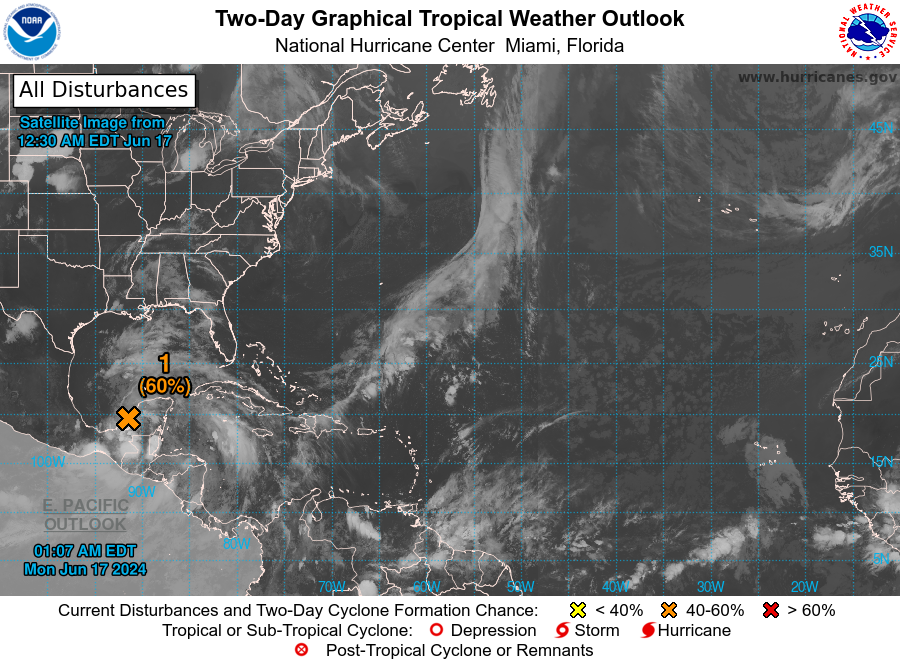
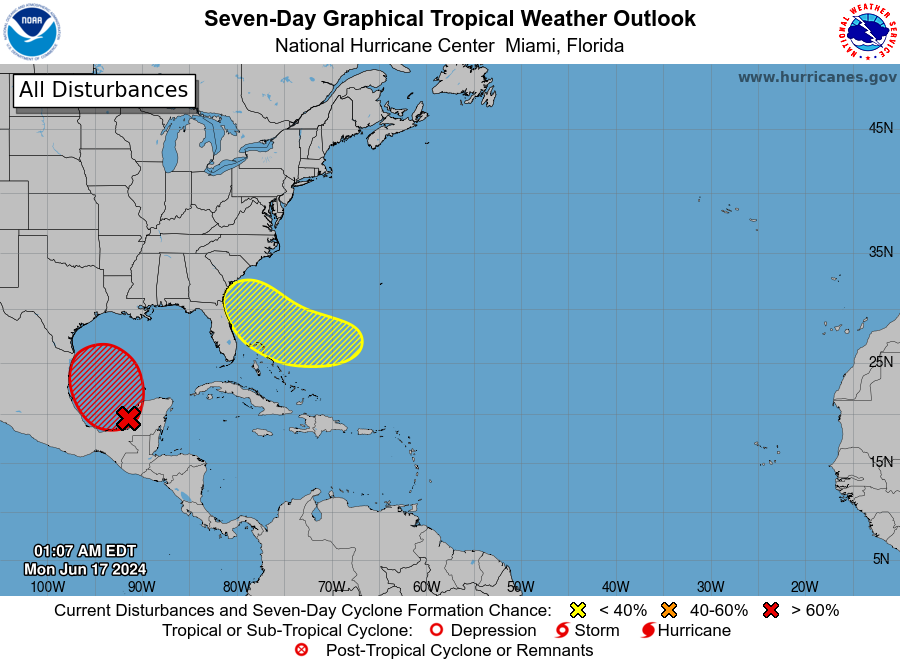
For the North Atlantic...Caribbean Sea and the Gulf of Mexico:

1. Southwestern Gulf of Mexico: A large area of disturbed weather is located over Central America, the Yucatan Peninsula of Mexico, and the adjacent waters of the northwestern Caribbean Sea and southern Gulf of Mexico. A broad area of low pressure is forecast to form from this system over the southwestern Gulf of Mexico later today or tonight. Environmental conditions appear conducive for subsequent gradual development of the low, and a tropical depression or tropical storm is likely to form by midweek while it moves slowly westward or west- northwestward toward the western Gulf coast.

Regardless of development, several days of heavy rainfall are expected across portions of southern Mexico and Central America, and these rains are likely to cause life-threatening flooding and flash flooding. Locally heavy rainfall is also expected to spread over portions of the northwestern coast of the Gulf of Mexico by the middle of the week. In addition, gale warnings have been issued for portions of the Gulf of Mexico, and more information on those warnings is available in High Seas Forecasts issued by the National Weather Service. Interests along the western and northwestern Gulf coasts should monitor the progress of this system.
* Formation chance through 48 hours...medium...60 percent.
* Formation chance through 7 days...high...70 percent.

2. Southwestern Atlantic Ocean: A trough or an area of low pressure is forecast to form a few hundred miles northeast of the central Bahamas in a day or two. Environmental conditions could be conducive for some development of this system thereafter while it moves westward or west- northwestward. The system is forecast to approach the coast of the southeast United States on Thursday or Friday.
* Formation chance through 48 hours...low...near 0 percent.
* Formation chance through 7 days...low...30 percent.

High Seas Forecasts issued by the National Weather Service can be found under AWIPS header NFDHSFAT1, WMO header FZNT01 KWBC, and online at ocean.weather.gov/shtml/NFDHSFAT1.php

Forecaster Brown